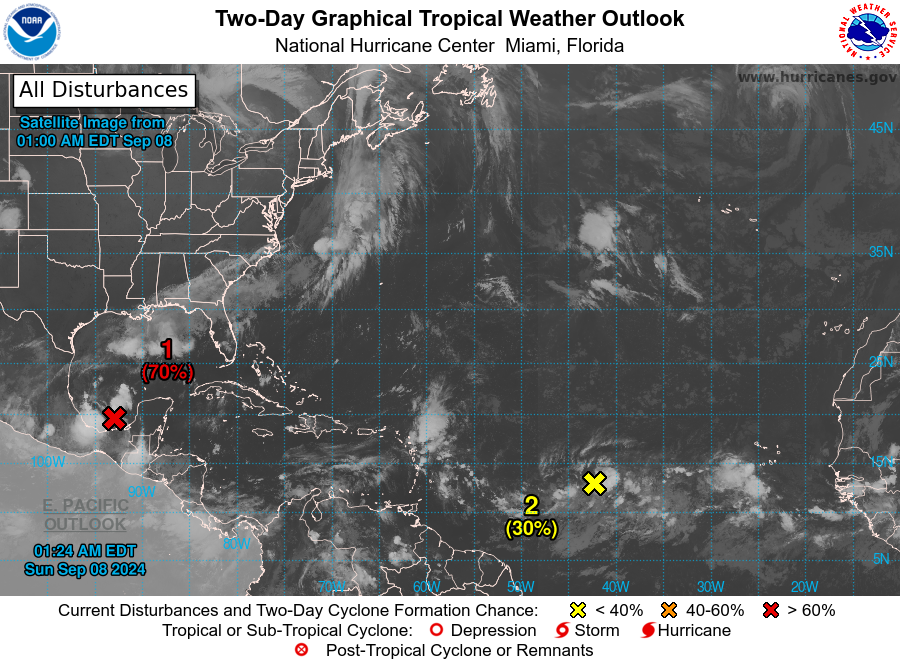
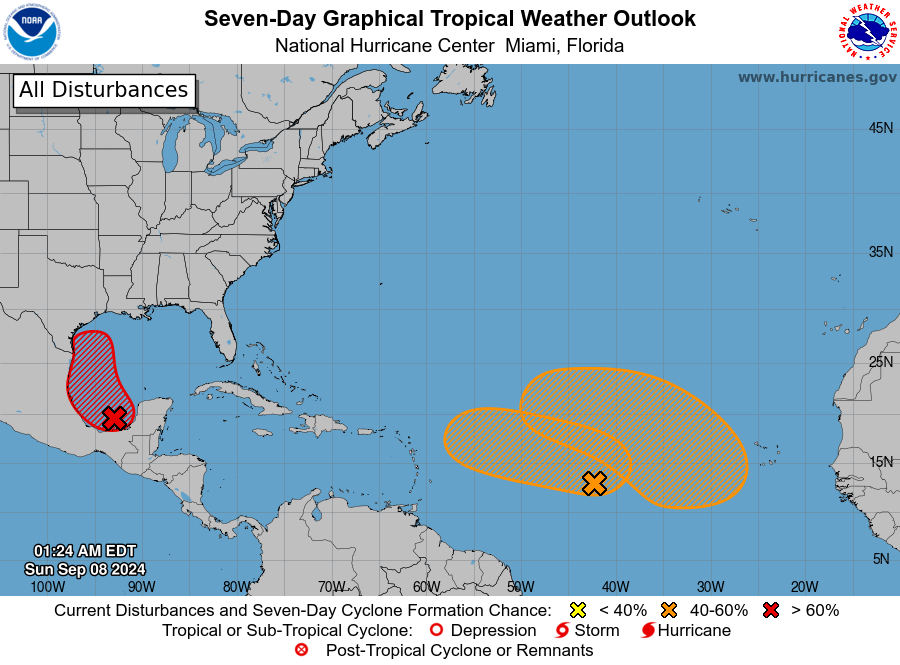
For the North Atlantic...Caribbean Sea and the Gulf of Mexico:

1. Western Gulf of Mexico (AL91): Recent satellite wind data indicate a broad area of low pressure is located over the Bay of Campeche. The low is producing disorganized showers and thunderstorms over the southwestern Gulf of Mexico while interacting with a frontal boundary. This system is forecast to drift slowly northwestward during the next couple of days, and environmental conditions are expected to become more conducive for development. A tropical depression is likely to form while the system moves generally northward near or along the Gulf coast of Mexico and Texas through the middle of the week. Interests along the western Gulf Coast should closely monitor the progress of this system.
* Formation chance through 48 hours...high...70 percent.
* Formation chance through 7 days...high...80 percent.

2. Central Tropical Atlantic (AL92): Showers and thunderstorms associated with an elongated area of low pressure over the central tropical Atlantic are showing gradual signs of organization. Environmental conditions appear conducive for additional development of this system, and a tropical depression could form while the system meanders over the central tropical Atlantic through Monday and then moves generally westward at about 10 mph through the rest of the week.
* Formation chance through 48 hours...low...30 percent.
* Formation chance through 7 days...medium...50 percent.

3. Eastern and Central Tropical Atlantic: A trough of low pressure located several hundred miles southwest of the Cabo Verde Islands is producing some disorganized showers and thunderstorms. The disturbance is expected to move very little during the next couple of days until it potentially interacts with a tropical wave that is forecast to move off the west coast of Africa by early Monday. Environmental conditions are expected to be favorable for gradual development of this system, and a tropical depression could form by the middle or latter part of the week while the system moves slowly westward.
* Formation chance through 48 hours...low...near 0 percent.
* Formation chance through 7 days...medium...50 percent.

Forecaster Reinhart